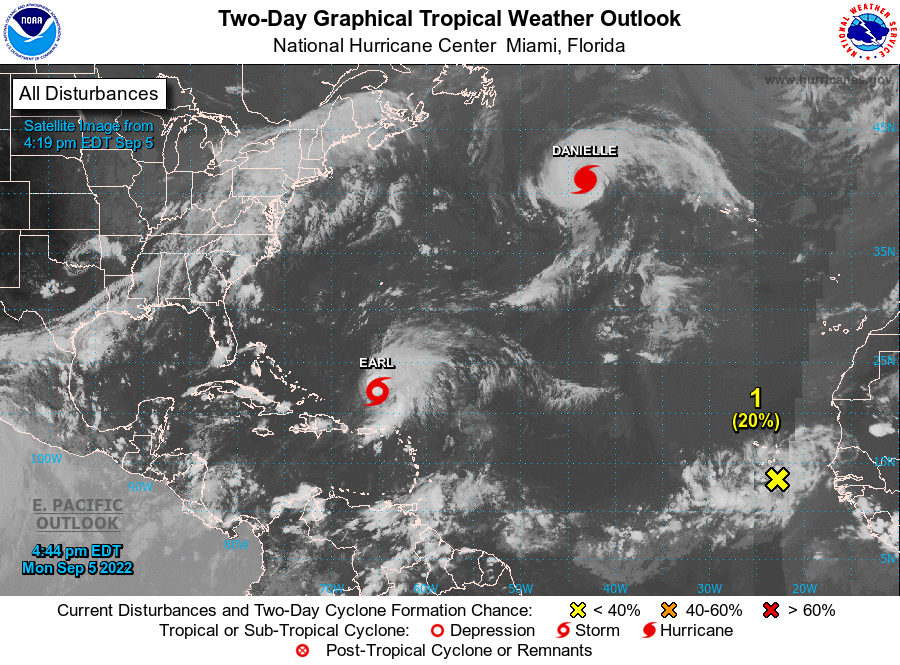
For the North Atlantic...Caribbean Sea and the Gulf of Mexico:

Active Systems: The National Hurricane Center is issuing advisories on Hurricane Danielle, located about 900 miles west-northwest of the Azores, and on Tropical Storm Earl, located about 700 miles south of Bermuda.

1. Eastern Tropical Atlantic: A tropical wave located southeast of the Cabo Verde Islands continues to produce a broad area of disorganized shower and thunderstorm activity. An area of low pressure is forecast to form with this system in the next day or so, and environmental conditions appear generally favorable for additional development. A tropical depression could form by the latter part of this week as this system moves generally west-northwestward or northwestward over the eastern and central tropical Atlantic.
* Formation chance through 48 hours...low...20 percent.
* Formation chance through 5 days...medium...50 percent.

Forecaster Papin